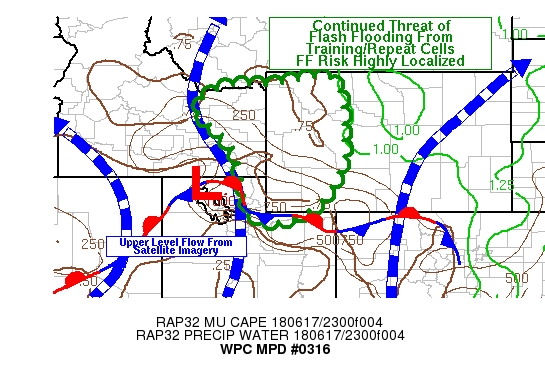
AREAS AFFECTED...WESTERN WY...EASTERN ID...EXTREME NORTHERN UT

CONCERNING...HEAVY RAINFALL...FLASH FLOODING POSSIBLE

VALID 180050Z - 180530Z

SUMMARY...STRONG DYNAMIC FORCING WITH POTENTIAL FOR
REPEAT/TRAINING STORMS MAY POSE HIGHLY LOCALIZED FLASH FLOODING
RISK THROUGH THIS EVENING.

DISCUSSION...DEEP LAYERED CLOSED LOW OVER NW NV CONTINUED TO EASE
TOWARDS THE SOUTHEAST LATE THIS AFTERNOON/EARLY EVENING WITH
MID-LEVEL DEFORMATION EXTENDING NORTHEAST.  THE UPPER FLOW REMAINS
VERY DIFLUENT BASED ON MID/UPPER LEVEL WATER VAPOR IMAGERY.  AS
THAT WAS OCCURRING...THE 300 MB JET WAS ALREADY REDUCING IN SPEED
OVER THE AREA OF CONCERN WITH UNDERCUTTING JET THROUGH THE GREAT
BASIN ALLOWING FOR STRONG RIGHT EXIT DYNAMICS TO INCREASE
DIVERGENCE AND SPIN UP VORTICITY CENTER SOUTH OF THE AREA OF
DISCUSSION.  THIS WILL PROVIDE VERY STRONG DYNAMIC ASCENT ALOFT
WITH THE DIVERGENCE AND DPVA AND ALLOW FOR INCREASED EASTERLY LOW
LEVEL FLOW.  THIS...IN TURN...LEADS TO MODEST LOW LEVEL MOISTURE
ADVECTION AS SHOWN BY MID 40 TO LOWER 50 DEGREE DEWPOINTS NOW IN
PLACE.  AFTERNOON INSOLATION HAS ALLOWED FOR INCREASED SURFACE
TEMPS TO SUPPORT AREAS OF MUCAPE IN THE 750 TO 1000 J PER KG CAPE
INTO THE EVENING.  AS THE EVENING PROGRESSES...CAPES SHOULD DROP
IN RESPONSE TO THE LACK OF INSOLATION.

RAIN RATES INITIALLY AROUND .5-.75"/HR RATES LATE THIS AFTERNOON
WILL INCH UP TOWARDS SOME RATES OF 1 INCH PER HOUR AS LOCAL
MID-LEVEL PROFILES MOISTEN WITH INITIAL DOWNDRAFTS/CELL
EVAPORATION.

GENERALLY UNIDIRECTIONAL CLOUD BEARING FLOW CONTINUED TO SUPPORT A
TRAINING PROFILE BUT WITH SOME PROPAGATION VECTORS TOWARD THE
INFLOW EAST...IDEAL TRAINING MAY BE A BIT LIMITED.  HOWEVER...THE
STRENGTH OF UPSTREAM DYNAMICS...REPEAT DEVELOPMENT IS LIKELY.

HI-RES CAMS SUGGEST MAX TOTALS SCATTERED THROUGH THE AREA OF
CONCERN OF 1.5-2" OVER A 2-3 HOUR TIME PERIOD.  AS SUCH HIGHLY
LOCALIZED FLASH FLOODING IS POSSIBLE GIVEN LOW FFG VALUES IN THE
REGION ESPECIALLY IN AND NEAR THE COMPLEX TERRAIN IN AND NEAR THE
TETON/JACKSON RANGES.